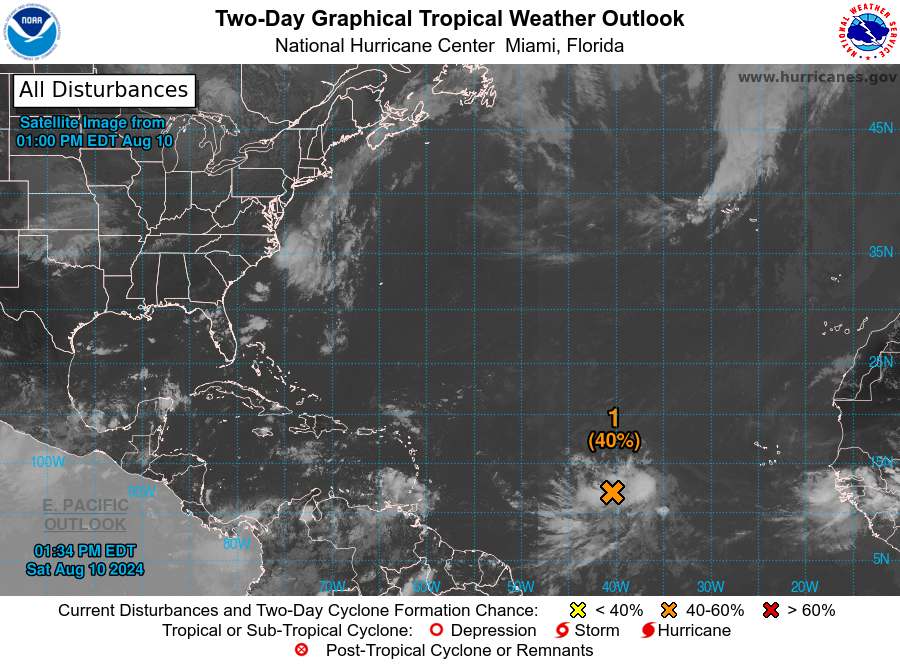
For the North Atlantic...Caribbean Sea and the Gulf of Mexico:

1. Near the Lesser and Greater Antilles (AL98): Shower and thunderstorm activity continues to increase in association with a tropical wave located roughly midway between the Cabo Verde Islands and the Lesser Antilles. Environmental conditions appear conducive for gradual development of this system during the next several days while it moves westward to west-northwestward at 15 to 20 mph across the central tropical Atlantic. A tropical depression is likely to form by the early to middle part of next week while the system approaches and then moves near or over the Lesser Antilles, and interests there should monitor the progress of this system. Then, the system is forecast to move generally west-northwestward and could approach portions of the Greater Antilles by the middle to latter part of next week.
* Formation chance through 48 hours...medium...40 percent.
* Formation chance through 7 days...high...80 percent.

Forecaster Reinhart